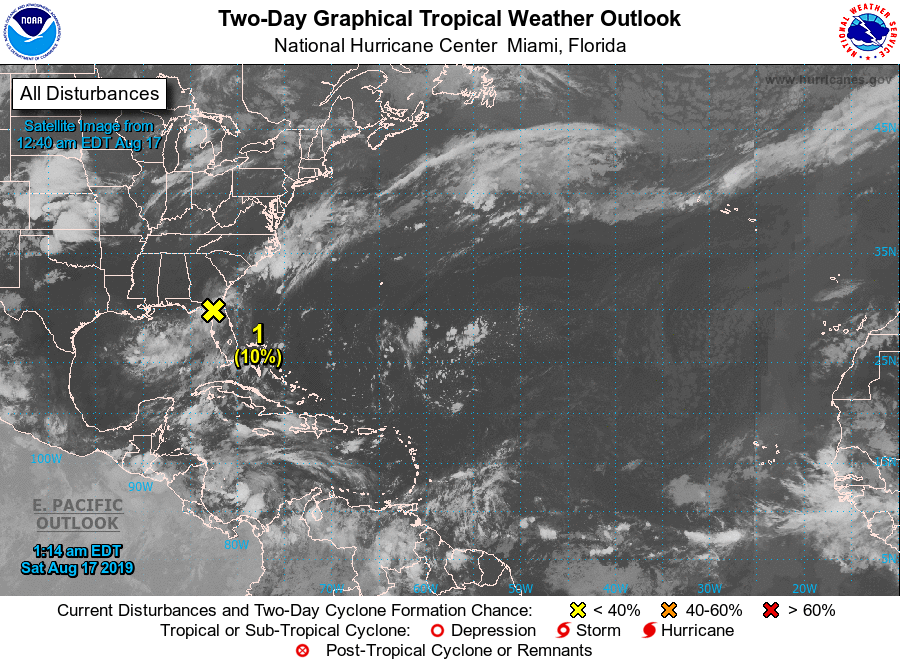
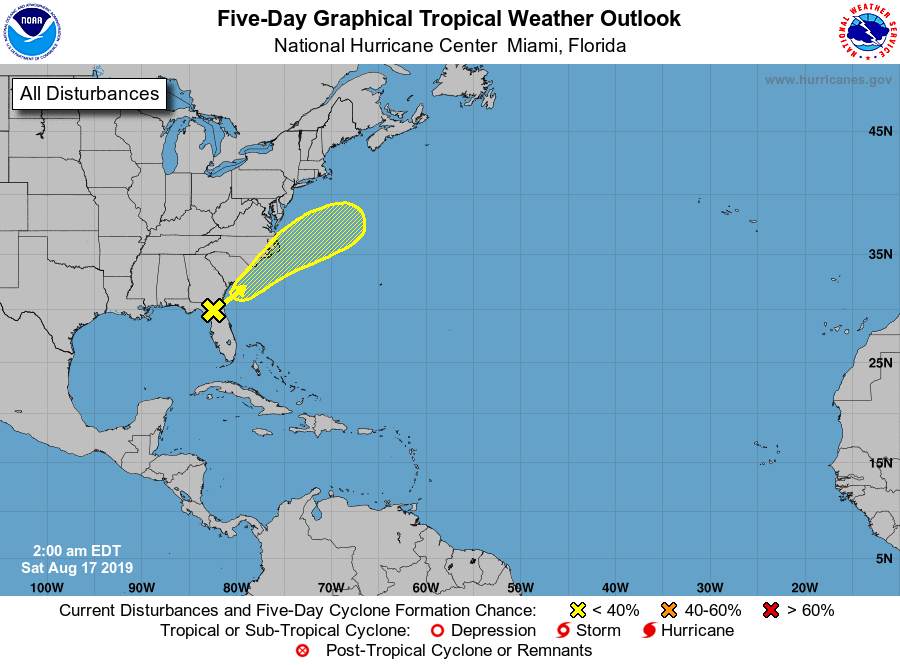
For the North Atlantic...Caribbean Sea and the Gulf of Mexico:

1. Disorganized cloudiness and showers over the northeastern Gulf of Mexico and northeastern Florida are associated with a weak surface trough. Any tropical development of this system is expected to be slow to occur during the next few days while it moves northeastward at 5 to 10 mph near the coasts of Georgia, South and North Carolina. Regardless of development, the disturbance is forecast to produce heavy rainfall along with a threat of flash flooding in that region. Please see products from your local National Weather Service office or the Weather Prediction Center's Excessive Rainfall Outlook for more information.
* Formation chance through 48 hours...low...10 percent.
* Formation chance through 5 days...low...20 percent.

Forecaster Blake